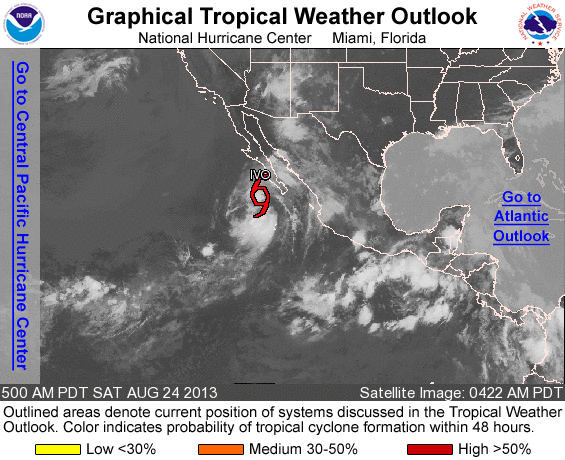
FOR THE EASTERN NORTH PACIFIC...EAST OF 140 DEGREES WEST LONGITUDE..

THE NATIONAL HURRICANE CENTER IS ISSUING ADVISORIES ON TROPICAL STORM IVO...LOCATED A COUPLE HUNDRED MILES WEST OF CABO SAN LUCAS MEXICO.

TROPICAL CYCLONE FORMATION IS NOT EXPECTED DURING THE NEXT 48 HOURS.

OTHER SYSTEMS WITH FORMATION POTENTIAL BEYOND 48 HOURS...

A TROPICAL WAVE IS MOVING ACROSS CENTRAL AMERICA AND THE FAR EASTERN PACIFIC OCEAN. ENVIRONMENTAL CONDITIONS APPEAR CONDUCIVE FOR THE DEVELOPMENT OF AN AREA OF LOW PRESSURE SOUTH OF THE SOUTHERN COAST OF MEXICO DURING THE NEXT COUPLE OF DAYS...AND A TROPICAL DEPRESSION COULD FORM BY MIDWEEK. THIS SYSTEM HAS A LOW CHANCE...NEAR 0 PERCENT...OF BECOMING A TROPICAL CYCLONE DURING THE NEXT 48 HOURS...AND A HIGH CHANCE...60 PERCENT...OF BECOMING A TROPICAL CYCLONE DURING THE NEXT 5 DAYS.

&&
FIVE-DAY FORMATION PROBABILITIES ARE EXPERIMENTAL IN 2013. COMMENTS ON THE EXPERIMENTAL FORECASTS CAN BE PROVIDED AT...

HTTP://WWW.NWS.NOAA.GOV/SURVEY/NWS-SURVEY.PHP?CODE=ETWO

FORECASTER BLAKE